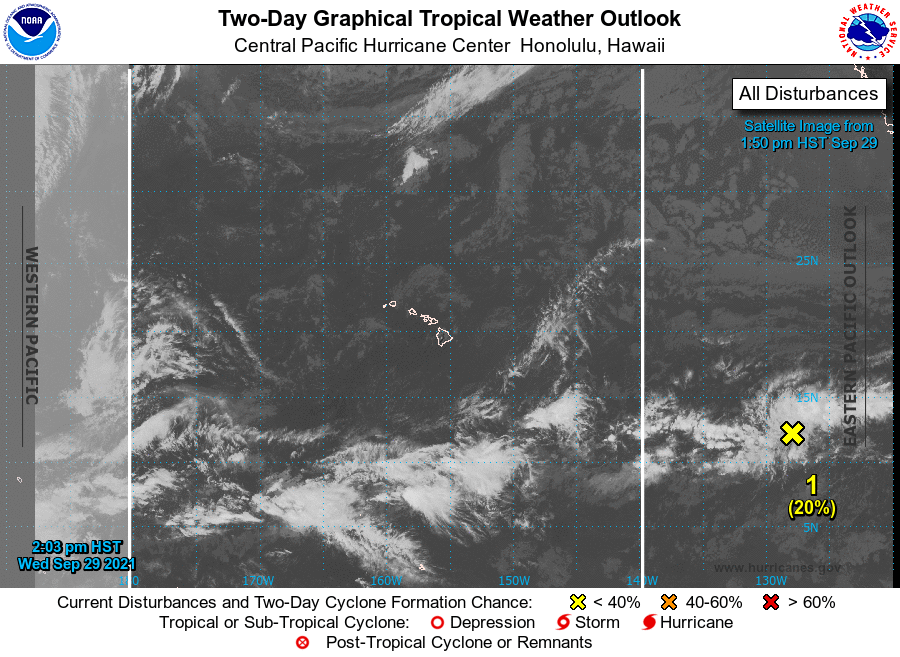
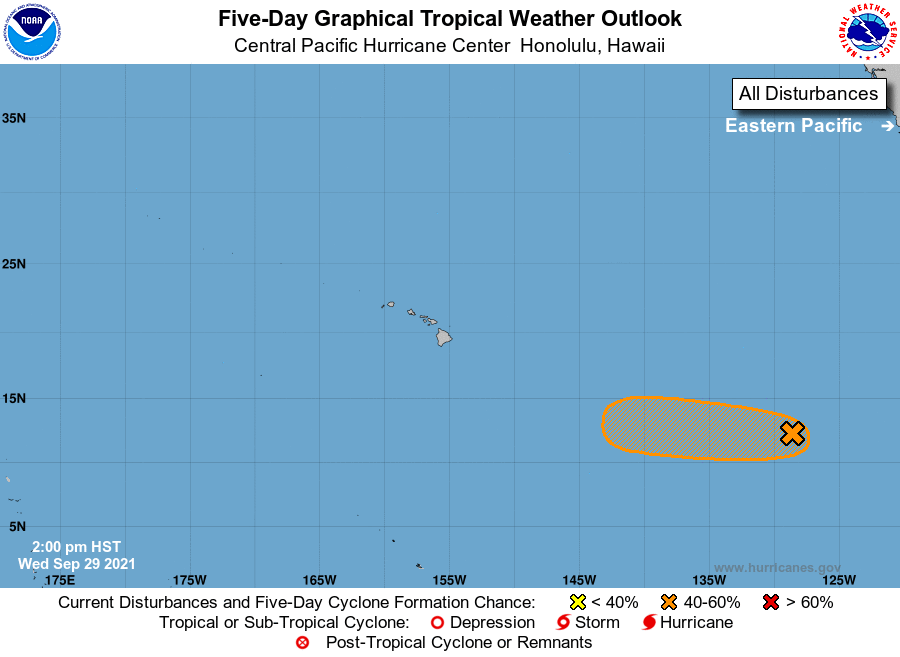
For the central North Pacific...between 140W and 180W:

1. A broad area of low pressure located about 1900 miles east-southeast of Hilo is producing disorganized showers and thunderstorms. Environmental conditions are expected to be conducive for slow development during the next several days, and a tropical depression could form by the weekend while the system moves generally westward at around 10 mph.
* Formation chance through 48 hours...low...20 percent.
* Formation chance through 5 days...medium...40 percent.

Elsewhere, no tropical cyclones are expected during the next 5 days.

Forecaster Almanza